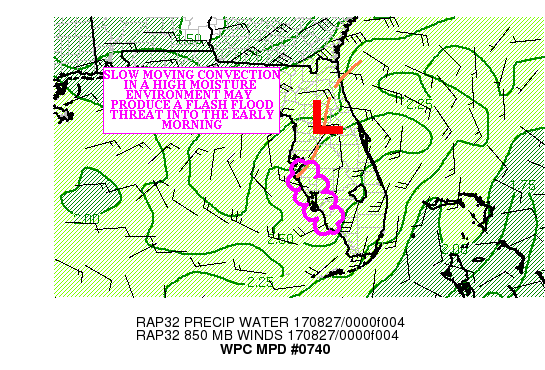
AREAS AFFECTED...PORTIONS OF WEST CENTRAL FL

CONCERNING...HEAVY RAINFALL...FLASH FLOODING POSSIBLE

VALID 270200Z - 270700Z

SUMMARY...SLOW MOVING CONVECTION IN A HIGH MOISTURE ENVIRONMENT
COULD RESULT IN A FLASH FLOOD THREAT INTO EARLY MORNING ACROSS
PORTIONS OF WEST CENTRAL FL.

DISCUSSION...CONVECTION IS FIRING IN THE LOW LEVEL CONVERGENT FLOW
SOUTH OF A SURFACE LOW NEAR KOCF. THE CONVECTION IS FORMING IN AN
AXIS OF 1500-2500 J/KG OF MLCAPE (THE 00Z TBW SHOWED SBCAPE VALUES
IN EXCESS OF 4500 J/KG)...AND THE GOES-16 CLEAN IR LOOP SHOWED
COOLING TOPS WITH THIS ACTIVITY...AS CLOUD TOP TEMPERATURES HAVE
REACHED -75 CELSIUS .

THE CONVECTION IS FORMING IN AN AXIS OF THE 2.50 INCH PRECIPITABLE
WATER AIR. THE KTBW RADAR SHOWED HOURLY RAINFALL RATES NEAR 2.50
INCHES OVER WESTERN MANATEE COUNTY.... WHERE HEAVY RAIN FELL
DURING THE AFTERNOON HOURS. CELLS  HAVE BEEN MOVING SLOWLY
SOUTHWARD...GENERALLY FOLLOWING FOLLOWING THE PROPAGATION VECTORS
TOWARD THE WEST CENTRAL FL COAST.

MOST OF THE AVAILABLE HIGH RESOLUTION GUIDANCE SHOWED LOCAL 3.00
TO 5.00 INCH RAINFALL AMOUNTS BETWEEN KSRQ AND KFMY.  GIVEN THE
SLOW MOTION OF THE CELLS...AS WELL AS THE DEEP MOISTURE IN
PLACE...THESE AMOUNTS SEEM PLAUSIBLE.

FLASH FLOODING IS CONSIDERED POSSIBLE INTO THE EARLY EVENING HOURS
OVER PORTIONS OF WEST CENTRAL FL...ESPECIALLY IF THE LOCAL 3.00 TO
5.00 INCH RAINFALL AMOUNTS AFFECT URBAN LOCATIONS.